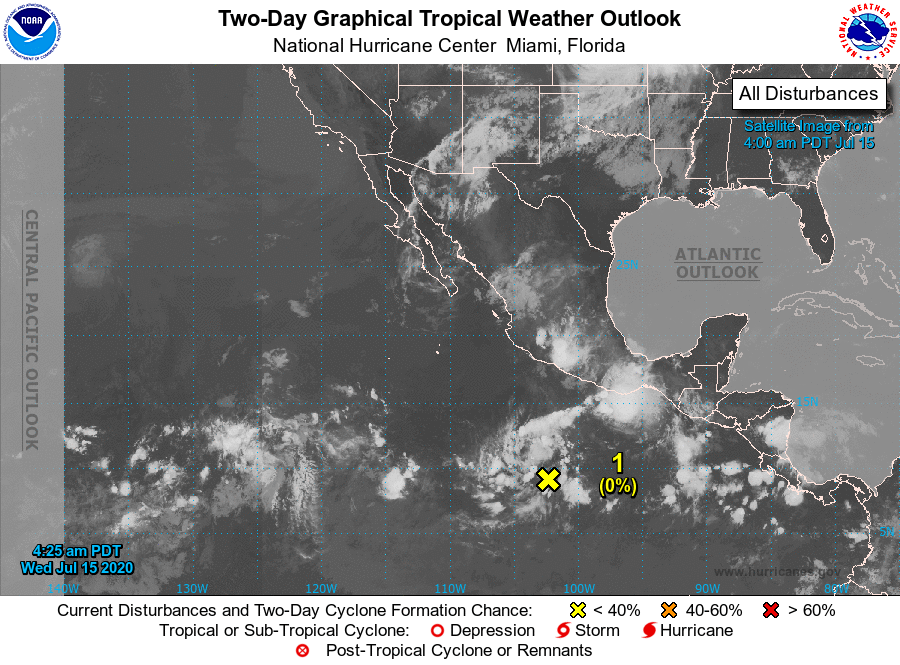
For the eastern North Pacific...east of 140 degrees west longitude:

1. A tropical wave is producing an area of disorganized showers and thunderstorms several hundred miles south-southwest of the coast of southwestern Mexico. An area of low pressure is forecast to form from this system in a few days, and some slight development will be possible over the weekend or early next week while it moves generally toward the west-northwest or northwest.
* Formation chance through 48 hours...low...near 0 percent.
* Formation chance through 5 days...low...20 percent.

Forecaster Berg